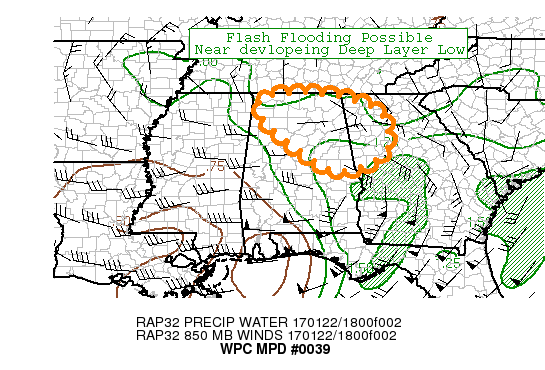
AREAS AFFECTED...NORTHERN AL/GA

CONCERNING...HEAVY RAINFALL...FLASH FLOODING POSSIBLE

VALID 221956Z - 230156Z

SUMMARY...FLASH FLOODING IS POSSIBLE THROUGH THIS AFTERNOON AS
CONVECTION SPREADS NORTHWARD NEAR A DEVELOPING DEEP LAYER LOW.

DISCUSSION...VERY STRONG SYNOPTIC FORCING AHEAD OF THE SHORTWAVE
DIVING SOUTHEAST ACROSS THE LOWER MS VALLEY HAS RESULTED IN
CONTINUED CONVECTIVE DEVELOPMENT OVER THE SOUTHEAST. A CIRCULATION
WITHIN THE CONVECTION HAS BECOME EVIDENT ON RADAR ACROSS CENTRAL
AL NEAR THE TRIPLE POINT LOCATION. THIS CIRCULATION WILL
EVENTUALLY BECOME THE NEW SURFACE LOW AND WILL TRACK INTO NORTHERN
GA BY THIS EVENING...WITH ITS FORWARD SPEED SLOWING. SOUTHEASTERLY
LOW LEVEL FLOW CONTINUES TO ADVECT ABUNDANT MOISTURE BACK IN
TOWARDS THIS CIRCULATION...WITH SOME ELEVATED INSTABILITY AS WELL.

THOUGHT RECENT RUNS OF THE HRRR WERE HANDLING THE EVOLUTION OF
THIS DEVELOPING LOW PRETTY WELL. CONVECTIVE INTENSITY WILL LIKELY
DECLINE AS THE LOW AND CONVECTION MOVES NORTH OF THE BETTER
INSTABILITY...BUT EMBEDDED HEAVIER CONVECTIVE ELEMENTS WILL LIKELY
CONTINUE THROUGH THE AFTERNOON HOURS ACROSS THE MPD AREA. AS THE
LOW BECOMES MORE WELL DEFINED...DEFORMATION BAND RAINFALL AND
EMBEDDED CONVECTION WILL CONTINUE AROUND THE LOW AS WELL. EXPECT
RAINFALL TOTALS TO LOCALLY APPROACH 1-2" IN AN HOUR...WITH TOTALS
OF 1-4" THROUGH 02Z ACROSS THE MPD AREA. WHILE WE ARE NOT
EXPECTING SIGNIFICANT WIDESPREAD FLASH FLOOD ISSUES...RAINFALL
RATES AND TOTALS OF THIS MAGNITUDE DO BEGIN TO APPROACH AND
LOCALLY EXCEED FLASH FLOOD GUIDANCE. THUS SOME FLASH FLOOD ISSUES
MAY DEVELOP THROUGH THE AFTERNOON HOURS.